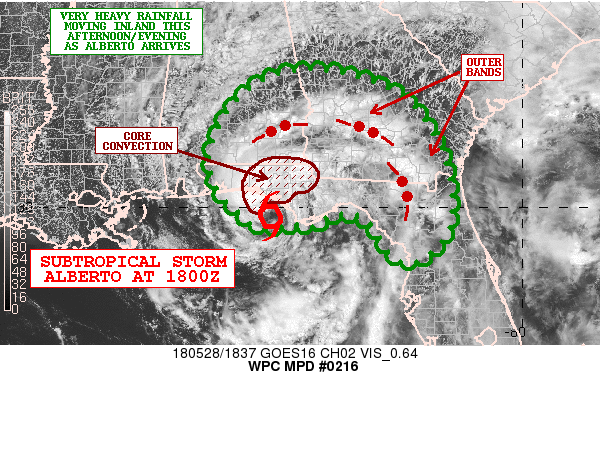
AREAS AFFECTED...FL PANHANDLE...SOUTHEAST AL...SOUTHERN GA

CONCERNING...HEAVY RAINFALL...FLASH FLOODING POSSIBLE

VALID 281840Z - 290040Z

SUMMARY...SUBTROPICAL STORM ALBERTO CONTINUES APPROACH ON THE
WESTERN FL PANHANDLE WITH BANDS OF HEAVY RAINFALL ADVANCING WELL
INLAND ALONG WITH MORE CONCENTRATED RAINFALL NEAR THE CENTER OF
CIRCULATION.

DISCUSSION...THE LATEST GOES-16 SATELLITE IMAGERY SHOWS THE
CIRCULATION CENTER OF SUBTROPICAL STORM ALBERTO GETTING VERY CLOSE
TO THE WESTERN FL PANHANDLE. AS OF 18Z...ALBERTO IS POSITIONED 30
MILES SSW OF PANAMA CITY FL...OR ABOUT 55 MILES WEST OF
APALACHICOLA FL.

THE LATEST RADAR IMAGERY SHOWS RATHER CONCENTRATED CONVECTION IN
THE NORTHWEST QUADRANT OF ALBERTO BEGINNING TO MOVE INLAND...WITH
MULTIPLE WELL-DEFINED RAIN BANDS WRAPPING WELL INLAND AROUND THE
NORTHERN AND EASTERN FLANKS OF THE CIRCULATION INCLUDING SOUTHEAST
AL...SOUTHERN GA AND ADJACENT AREAS OF NORTHERN FL.

RAINFALL RATES OF 2 TO 3 INCHES/HR ARE EXPECTED GIVEN THE HIGH
PWAT ENVIRONMENT. SOME LOCALIZED TRAINING BANDS OF CONVECTION ARE
EXPECTED THROUGH THE AFTERNOON AND EARLY EVENING WHICH WILL BE
FURTHER FACILITATED BY ENHANCED LOW LEVEL CONFLUENT FLOW AND
DIURNALLY ENHANCED INSTABILITY.

THE LATEST HIRES MODEL CONSENSUS SUPPORTS AS MUCH AS 3 TO 6 INCHES
OF CORE CONVECTIVE RAINFALL LIFTING THROUGH THE WESTERN FL
PANHANDLE AND INTO SOUTHEAST AL GOING THROUGH 00Z AS THE STORM
TRACKS NORTH. THE INDIVIDUAL OUTER RAIN BANDS AROUND THE
NORTHERN/EASTERN PERIPHERY OF THE SYSTEM WILL BE CAPABLE OF 2 TO 4
INCH AMOUNTS.

FLASH FLOODING WILL BE POSSIBLE GIVEN THE EXPECTED RAINFALL
AMOUNTS. WILL CONTINUE TO MONITOR CLOSELY AS ALBERTO CONTINUES TO
PREPARE FOR LANDFALL.